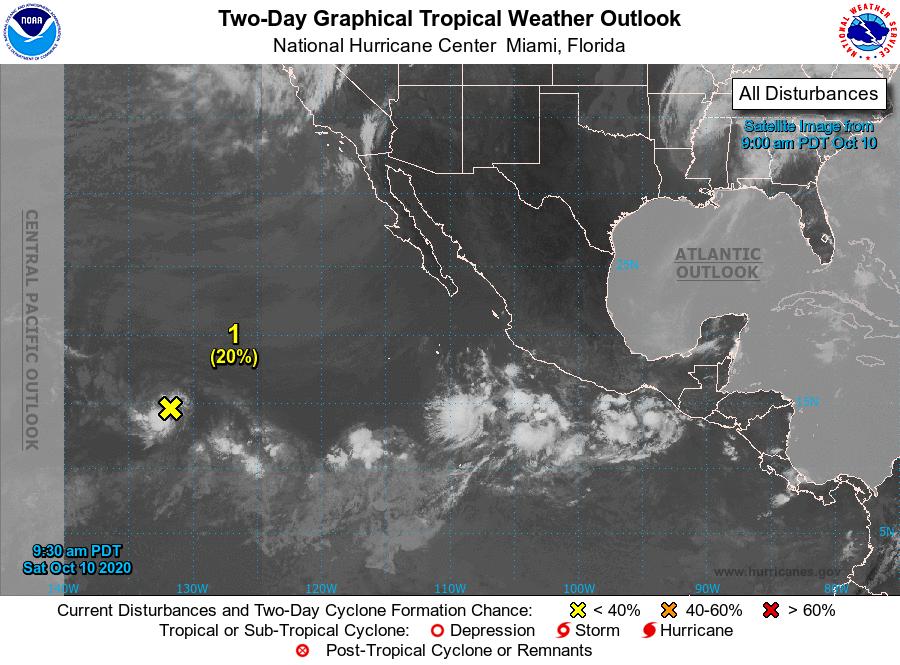
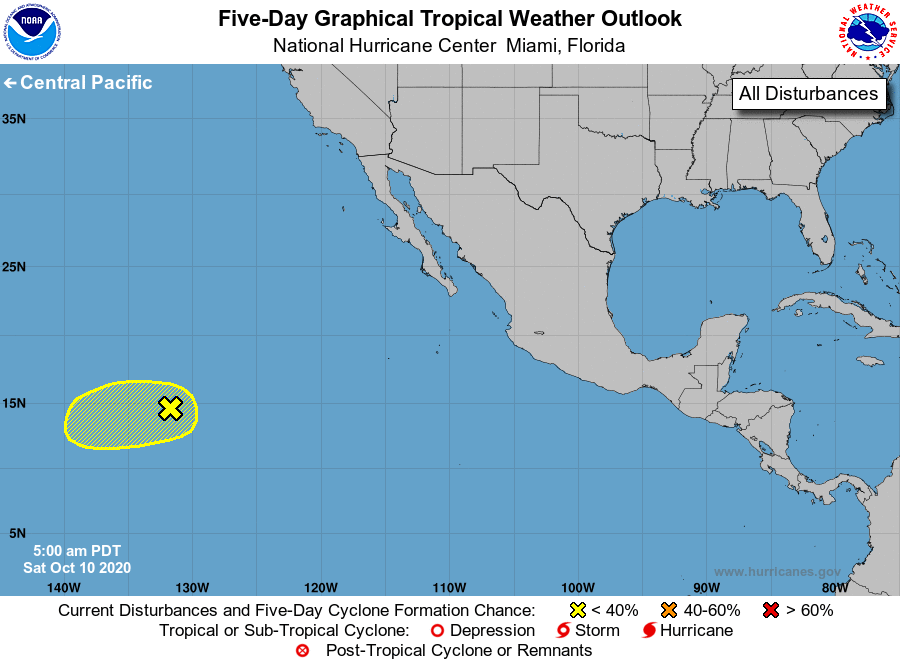
For the eastern North Pacific...east of 140 degrees west longitude:

The National Hurricane Center has issued the last advisory on Tropical Depression Norbert, which has dissipated several hundred miles south-southwest of Manzanillo, Mexico.

1. Showers and thunderstorms have increased this morning in association with a small low pressure system located about 1500 miles west-southwest of the southern tip of the Baja California peninsula. However, environmental conditions are expected to be only marginally conducive for development as the low is expected to encounter dry air while moving toward the west or west-southwest at 10 to 15 mph over the next day or so. Thereafter, strong upper-level winds will likely inhibit further development.
* Formation chance through 48 hours...low...20 percent.
* Formation chance through 5 days...low...20 percent.

Forecaster Latto